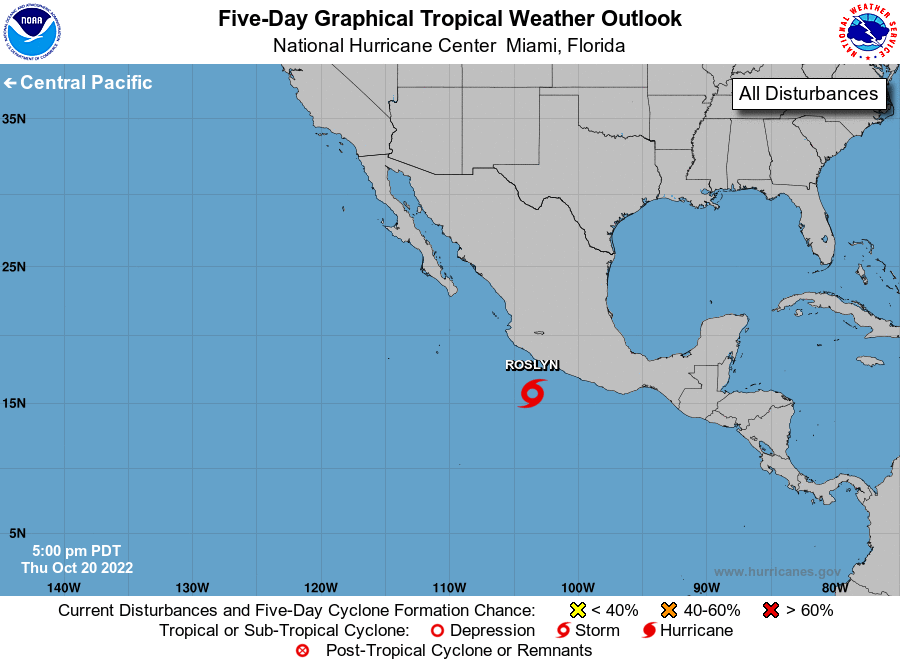
For the eastern North Pacific...east of 140 degrees west longitude:

Active Systems: The National Hurricane Center is issuing advisories on Tropical Storm Roslyn, located a couple of hundred miles off the southwestern coast of Mexico.

Tropical cyclone formation is not expected during the next 5 days.

Forecaster Pasch